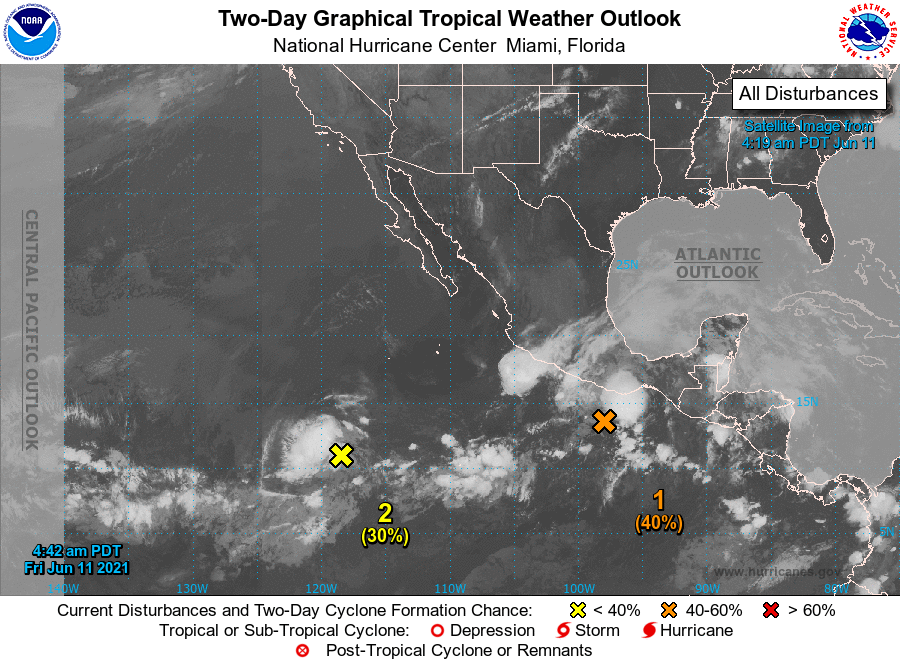
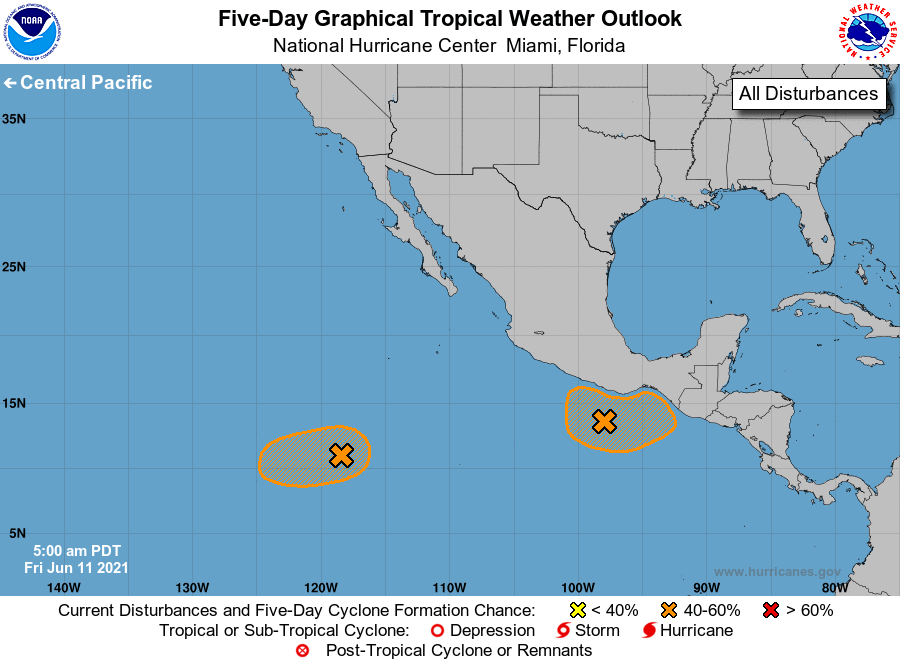
For the eastern North Pacific...east of 140 degrees west longitude:

1. Showers and thunderstorms have become more concentrated this morning in association with a broad area of low pressure a couple hundred miles south-southwest of Puerto Angel, Mexico. Environmental conditions appear conducive for additional development, and a tropical depression could form by this weekend while the system drifts north-northeastward. Heavy rainfall will be possible over portions of Central America and southern Mexico through early next week. See products from your local meteorological service for more information.
* Formation chance through 48 hours...medium...40 percent.
* Formation chance through 5 days...medium...50 percent.

2. A broad area of low pressure located about 1100 miles southwest of the southern tip of the Baja California peninsula continues to produce disorganized showers and thunderstorms. Environmental conditions appear marginally conducive for some gradual development over the next few days, and a tropical depression could form by early next week while the system moves slowly westward.
* Formation chance through 48 hours...low...30 percent.
* Formation chance through 5 days...medium...40 percent.

Forecaster Latto